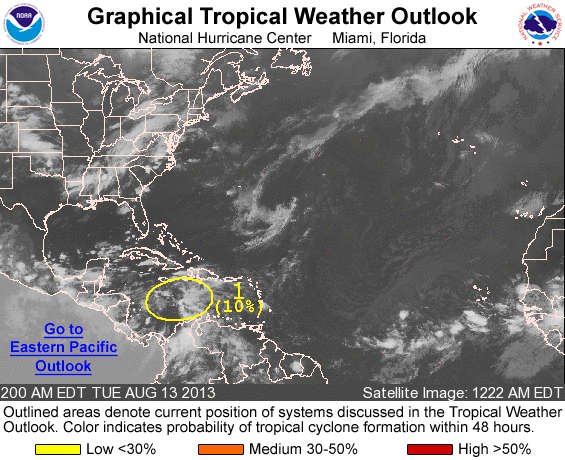
FOR THE NORTH ATLANTIC...CARIBBEAN SEA AND THE GULF OF MEXICO...

1. CLOUDINESS AND SHOWERS EXTENDING FROM THE SOUTHWESTERN CARIBBEAN SEA NORTHEASTWARD TO HISPANIOLA ARE ASSOCIATED WITH A TROPICAL WAVE AND A BROAD AREA OF LOW PRESSURE. UPPER-LEVEL WINDS OVER THE WESTERN CARIBBEAN SEA ARE EXPECTED TO BECOME MORE FAVORABLE FOR DEVELOPMENT OVER THE NEXT COUPLE OF DAYS AS THE DISTURBANCE MOVES TOWARD THE YUCATAN PENINSULA AND THE SOUTHERN GULF OF MEXICO. THIS SYSTEM HAS A LOW CHANCE...10 PERCENT...OF BECOMING A TROPICAL CYCLONE DURING THE NEXT 48 HOURS...AND A MEDIUM CHANCE...30 PERCENT...OF BECOMING A TROPICAL CYCLONE DURING THE NEXT 5 DAYS.

FIVE-DAY FORMATION PROBABILITIES ARE EXPERIMENTAL IN 2013. COMMENTS ON THE EXPERIMENTAL FORECASTS CAN BE PROVIDED AT...

HTTP://WWW.NWS.NOAA.GOV/SURVEY/NWS-SURVEY.PHP?CODE=ETWO

FORECASTER BERG